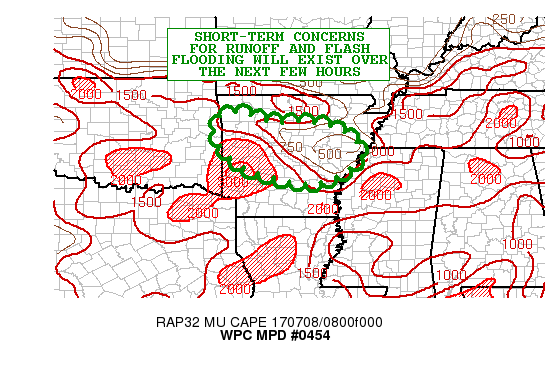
AREAS AFFECTED...ARKANSAS

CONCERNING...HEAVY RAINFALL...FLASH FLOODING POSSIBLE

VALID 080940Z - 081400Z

SUMMARY...A CLUSTER OF STRONG THUNDERSTORMS WITH INTENSE RAINFALL
RATES TO OVER 2 INCHES/HR MAY RESULT IN SOME FLASH FLOODING
CONCERNS OVER THE NEXT FEW HOURS..AND ESPECIALLY NEAR ANY
URBANIZED AREAS.

DISCUSSION...THE LATEST EXPERIMENTAL GOES-16 10.3 MICRON/IR
SATELLITE IMAGERY SHOWS A FAIRLY LARGE CLUSTER OF HEAVY SHOWERS
AND THUNDERSTORMS DROPPING SOUTH THROUGH WESTERN AND NORTH-CENTRAL
AR. THERE HAS BEEN SOME COOLING OF THE CONVECTIVE TOPS OVER THE
LAST HOUR...AND THE AREA DUAL-POL RADAR DATA IS INDICATING
RAINFALL RATES EXCEEDING 2.5 INCHES/HR.

THE CONVECTION IS FORMING IN AN AREA WHERE THERE IS A SPLIT IN THE
UPPER JET AND WITH A RATHER DIFFLUENT SIGNATURE ALOFT. ALSO THERE
IS AN AXIS OF RELATIVELY FOCUSED SURFACE MOISTURE FLUX CONVERGENCE
OVER THE REGION WHICH COUPLED WITH ABOUT 1500 TO 2000 J/KG OF
MUCAPE APPEARS TO BE SUSTAINING AND EVEN ENHANCING FURTHER THE
CONVECTION.

GIVEN THE HEAVY RAINFALL RATES AND RELATIVELY MOIST SOIL
CONDITIONS...THERE WILL BE SOME SHORT-TERM CONCERNS FOR ENHANCED
RUNOFF AND SOME FLASH FLOODING. THE PRIMARY THREAT THOUGH WILL BE
TO ANY URBANIZED ENVIRONMENT...INCLUDING THE LITTLE ROCK
METROPOLITAN AREA AND ADJACENT SUBURBS OVER THE NEXT COUPLE OF
HOURS. AREAS AROND FORT SMITH ARE ALREADY BEING IMPACTED AND THE
HOT SPRINGS AREA TO THE SOUTH SHOULD ALSO MONITOR THIS CONVECTION.

EXPECT AS MUCH AS 3 TO 4 INCHES OF RAIN WITH ISOLATED HEAVIER
TOTALS TO BE POSSIBLE UNTIL THIS CONVECTIVE COMPLEX MOVES FARTHER
SOUTH AND WEAKENS TOWARD LATE MORNING.